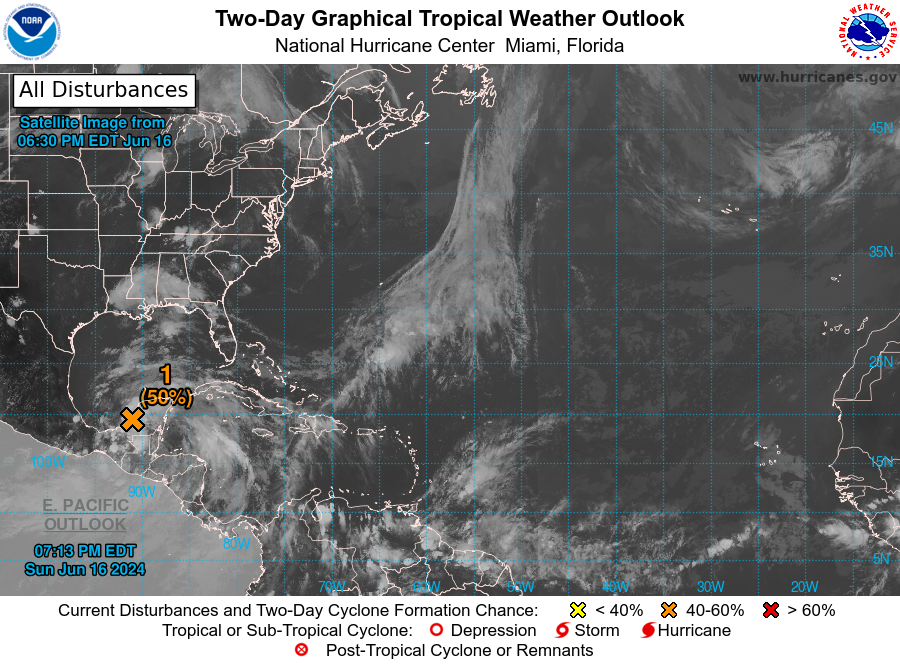
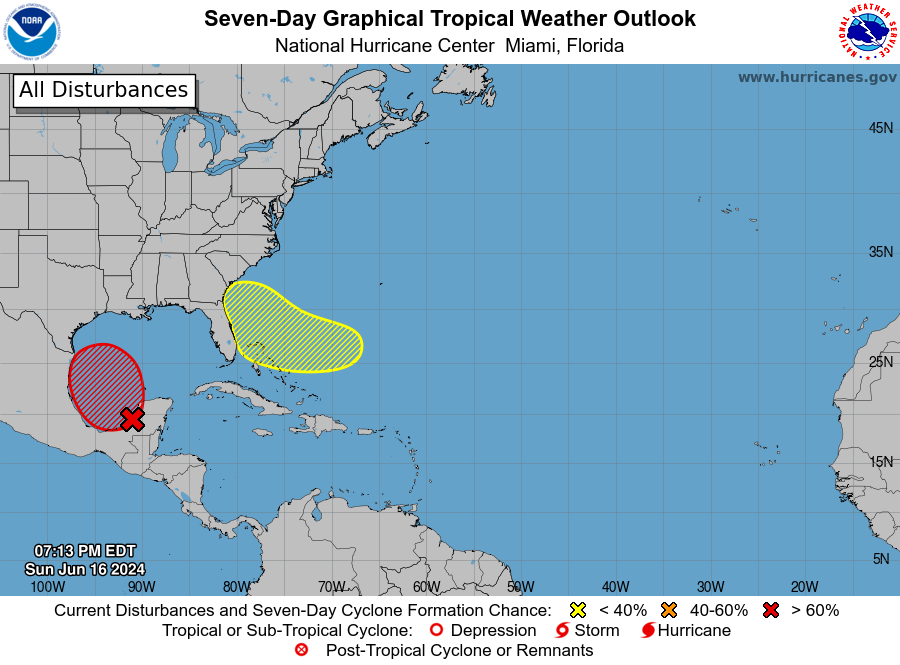
For the North Atlantic...Caribbean Sea and the Gulf of Mexico:

1. A large area of disturbed weather is located over Central America, the Yucatan Peninsula of Mexico, and the adjacent waters of the northwestern Caribbean Sea and southern Gulf of Mexico. A broad area of low pressure is forecast to form from this system over the southwestern Gulf of Mexico within the next day or so. Environmental conditions appear conducive for subsequent gradual development of the low, and a tropical depression or tropical storm is likely to form by midweek while it moves slowly westward or west-northwestward toward the western Gulf coast.

Regardless of development, several days of heavy rainfall are expected across portions of southern Mexico and Central America, and these rains are likely to cause life-threatening flooding and flash flooding. Locally heavy rainfall is also expected to spread over portions of the northwestern coast of the Gulf of Mexico by the middle of the week. In addition, gale warnings have been issued for portions of the Gulf of Mexico, and more information on those warnings is available in High Seas Forecasts issued by the National Weather Service.
* Formation chance through 48 hours...medium...50 percent.
* Formation chance through 7 days...high...70 percent.

2. Southwestern Atlantic Ocean: A trough or an area of low pressure is forecast to form a few hundred miles northeast of the central Bahamas in a couple of days. Environmental conditions could be conducive for some development of this system thereafter while it moves westward or west- northwestward. The system is forecast to approach the coast of the southeast United States on Thursday or Friday.
* Formation chance through 48 hours...low...near 0 percent.
* Formation chance through 7 days...low...30 percent.

High Seas Forecasts issued by the National Weather Service can be found under AWIPS header NFDHSFAT1, WMO header FZNT01 KWBC, and online at ocean.weather.gov/shtml/NFDHSFAT1.php

Forecaster Brown